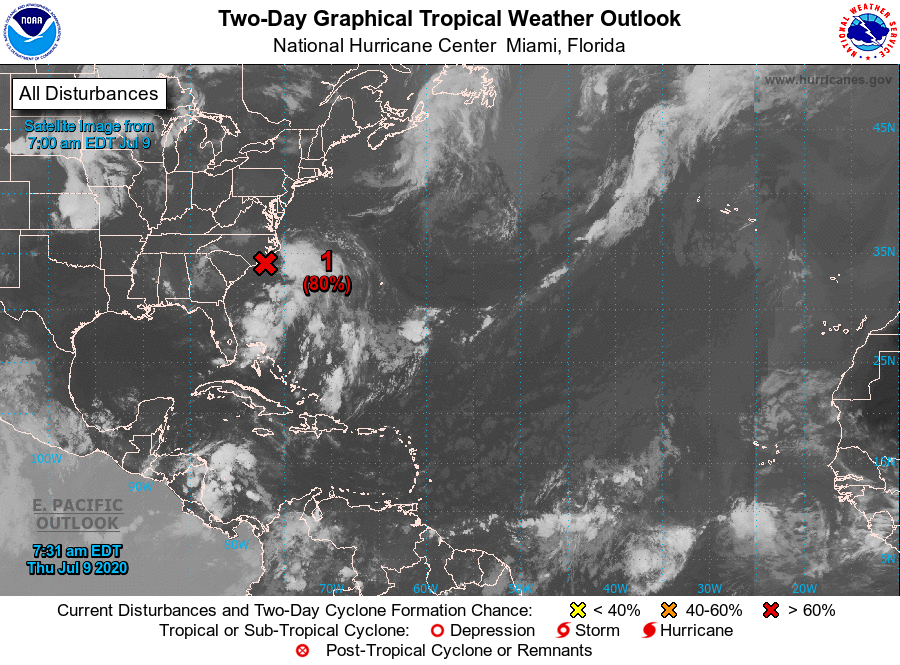
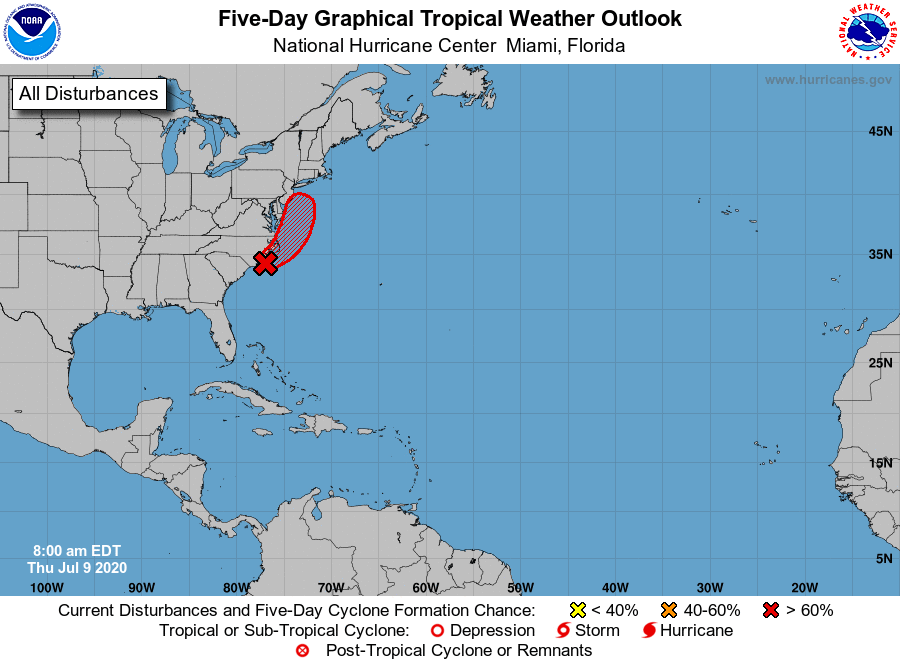
For the North Atlantic...Caribbean Sea and the Gulf of Mexico:

1. Shower and thunderstorm activity has increased overnight in association with an area of low pressure located about 60 miles east of Wilmington, North Carolina. The thunderstorm activity is currently located well east and northeast of the low's center, but only a small increase in organization or a reformation of the center closer to the thunderstorm activity could result in the formation of a tropical or subtropical cyclone later today or tonight. The low is expected to move northeastward or north-northeastward near or just offshore of the North Carolina Outer Banks later today and then along the mid-Atlantic coast tonight through Friday night.

Regardless of development, the system is expected to produce locally heavy rainfall that could cause some flash flooding across portions of eastern North Carolina, the coastal mid-Atlantic, and southern New England during the next few days. Gusty winds are also possible along the North Carolina Outer Banks today, and along the mid-Atlantic and southern New England coasts Friday and Saturday. Interests in these areas should monitor the progress of this system and refer to products from your local National Weather Service office. An Air Force Reserve Hurricane Hunter aircraft is scheduled to investigate this system later today.
* Formation chance through 48 hours...high...80 percent.
* Formation chance through 5 days...high...80 percent.

Forecaster Brown